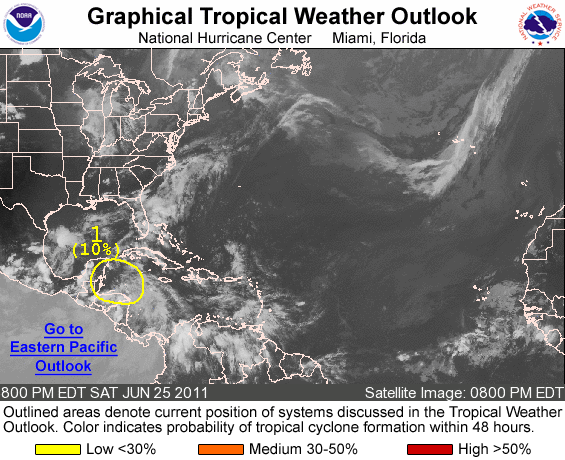
FOR THE NORTH ATLANTIC...CARIBBEAN SEA AND THE GULF OF MEXICO...

1. A TROPICAL WAVE INTERACTING WITH AN UPPER-LEVEL TROUGH IS PRODUCING WIDESPREAD CLOUDINESS AND SCATTERED SHOWERS OVER MUCH OF THE WESTERN CARIBBEAN SEA...HONDURAS...AND NICARAGUA. TROPICAL CYCLONE FORMATION IS UNLIKELY WHILE THE WAVE INTERACTS WITH THE UPPER-LEVEL TROUGH...AND WITH CENTRAL AMERICA AND THE YUCATAN PENINSULA. HOWEVER...THIS SYSTEM IS EXPECTED TO EMERGE OVER THE BAY OF CAMPECHE IN A COUPLE OF DAYS WHERE UPPER-LEVEL WINDS ARE FORECAST TO BECOME A LITTLE MORE CONDUCIVE FOR SOME DEVELOPMENT TO OCCUR. THERE IS A LOW CHANCE...10 PERCENT...OF THIS SYSTEM BECOMING A TROPICAL CYCLONE DURING THE NEXT 48 HOURS. REGARDLESS OF DEVELOPMENT...THIS DISTURBANCE COULD BRING LOCALLY HEAVY RAINFALL AND GUSTY WINDS TO THE YUCATAN PENINSULA...BELIZE...AND ADJACENT CARIBBEAN WATERS DURING THE NEXT DAY OR TWO AS IT MOVES WEST-NORTHWESTWARD AT 10 TO 15 MPH.

ELSEWHERE...TROPICAL CYCLONE FORMATION IS NOT EXPECTED DURING THE NEXT 48 HOURS.

FORECASTER STEWART